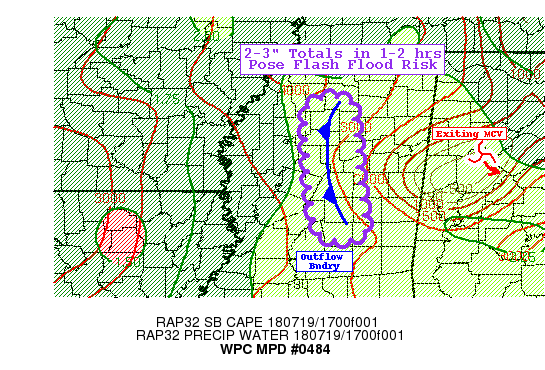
AREAS AFFECTED...CENTRAL MISSISSIPPI

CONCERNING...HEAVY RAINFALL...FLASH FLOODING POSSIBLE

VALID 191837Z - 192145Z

SUMMARY...OVER 2"/HR RATES AND SLOW MOTIONS MAY LEAD TO ISOLATED
FLASH FLOODING.

DISCUSSION...OUTFLOW BOUNDARY FROM OLD MCS COMPLEX ALONG AL/MS
BORDER SLOWLY PROGRESSES WEST FROM YALOBUSHA TO N SCOTT COUNTY.
GPS PW AND BLENDED TPW IMAGERY SHOWS AN AXIS OF DEEPER MOISTURE
COINSIDENT WITH THIS BOUNDARY WITH VALUES NEAR OR ABOVE 2.25".
STRONG DIABATIC HEATING HAS SUPPORTED MLCAPES TO EXCEED 2500 J/KG
WHICH ARE FAIRLY STATURATED TO 4H SUPPORTING STRONG UPDRAFTS AND
EXCELLENT RAIN GENERATION. 12Z SOUNDING FROM JAN SUGGESTS ONLY A
SMALL FGZ-WBZ LAYER OF ABOUT 1000 FT BUT WELL ABOVE 14KFT
SUPPORTING A LARGE DEPTH OF WARM CLOUD PROCESS AND HIGH RAINFALL
EFFICIENCY.  UPDRAFTS APPEAR A BIT NARROW GIVEN WEAK INFLOW/FLUX
FROM LOW LEVELS (LESS THAN 10KTS) BUT ALSO SUPPORT STRONG UP/DOWN
COUPLET FOR HIGH RAINFALL TOTALS/EFFICIENCY IN SHORT DURATION WITH
2-2.5" HOURLY TOTALS POSSIBLE.  GIVEN SLOW WESTWARD
PROPAGATION...THERE IS SOME POSSIBILITY FOR NEW UPDRAFTS TO BE
CLOSE ENOUGH IN PROXIMITY TO SUPPORT SOME SECONDARY BURSTS OVER
SIMILAR DRAINAGE BASINS.  AS SUCH FF IS CONSIDERED POSSIBLE FOR
THE NEXT FEW HOURS IN THIS REGION.